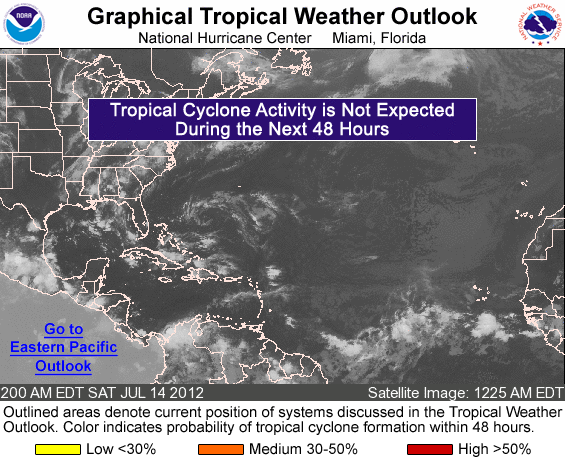
FOR THE NORTH ATLANTIC...CARIBBEAN SEA AND THE GULF OF MEXICO...

TROPICAL CYCLONE FORMATION IS NOT EXPECTED DURING THE NEXT 48 HOURS.

FORECASTER BLAKE